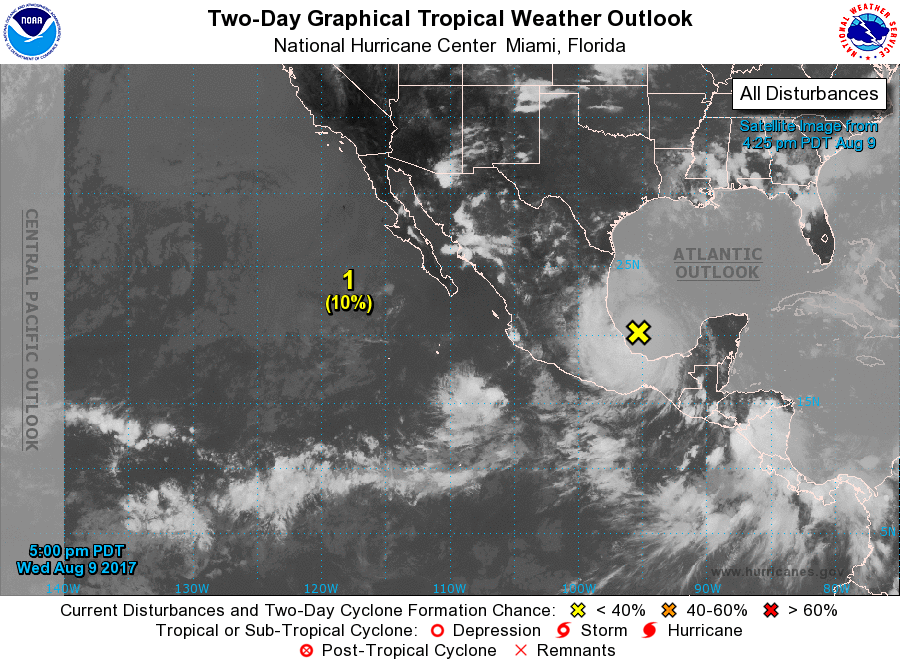
For the eastern North Pacific...east of 140 degrees west longitude:

1. An area of low pressure is expected to form just off the west-central coast of Mexico late this week in association with the remnants of Atlantic Hurricane Franklin after it moves across southern Mexico. Some development of this system is possible this weekend before it moves west-northwestward into a less conducive environment.
* Formation chance through 48 hours...low...10 percent.
* Formation chance through 5 days...low...30 percent.

2. Another area of low pressure is forecast to form well south of the coast of southern Mexico late this week. Environmental conditions are expected to be conducive for some gradual development of this system over the weekend and into early next week.
* Formation chance through 48 hours...low...near 0 percent.
* Formation chance through 5 days...medium...40 percent.

Forecaster Zelinsky/Mello